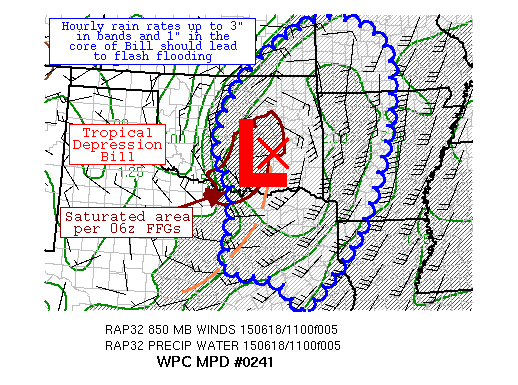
AREAS AFFECTED...PORTIONS OF KS, MO, OK, AR, TX

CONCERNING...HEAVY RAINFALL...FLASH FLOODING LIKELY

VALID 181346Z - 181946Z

SUMMARY...HOURLY RAIN RATES UP TO 1" NEAR BILL'S CORE AND UP TO 3"
WITHIN ITS INFLOW BAND(S) WOULD CAUSE FLASH FLOODING OVER
SATURATED SOILS.

DISCUSSION...TROPICAL DEPRESSION BILL CONTINUES MOVING ACROSS
SOUTHEAST OK AT 8-9 KTS, WHICH IS FORECAST TO CONTINUE BY THE
GLOBAL GUIDANCE.  CORE RAINFALL RATES ARE IN THE NEIGHBORHOOD OF
0.25-.5" AN HOUR, WHICH IS EXCESSIVE OVER THE SATURATED SOILS OF
SOUTH-CENTRAL OK PER THE 06Z FLASH FLOOD GUIDANCE VALUES.  WHILE
THE OVERNIGHT INFLOW BAND ACROSS EAST-CENTRAL TX AND NORTHWEST LA
FADES, A NEW BAND IS FORMING JUST TO ITS NORTHWEST NEAR THE
ARKLATEX WHICH IS TAPPING MIXED LAYER CAPES OF 500-1000 J/KG.
PRECIPITABLE WATER VALUES IN THE AREA ARE 2.1-2.6" PER GPS
INFORMATION.  INFLOW AT 850 HPA REMAINS 25-45 KTS PER VAD WIND
PROFILES, JUST ABOVE THE MEAN 850-400 HPA WIND IN THIS AREA.

DAYTIME HEATING SHOULD ALLOW CONVECTION WITHIN THE NEW INFLOW
BAND, AND ALONG BILL'S TRAILING SURFACE TROUGH, TO STRENGTHEN
TODAY, BRINGING HOURLY RAIN RATES BACK INTO THE 2-3" RANGE EARLY
THIS AFTERNOON.  THE MESOSCALE GUIDANCE GENERALLY AGREES THAT 2-4"
LOCAL AMOUNTS ARE POSSIBLE IN THE BAND, THOUGH IT SHOWS WILD
VARIATION ON WHERE THE INFLOW BAND SETS UP.  BELIEVE RADAR IMAGERY
AND THE CAPE PATTERN ALONG WITH THE SURFACE ANALYSIS ARE REVEALING
WHERE BANDING WOULD OCCUR THIS AFTERNOON, WHICH IS IN BEST
AGREEMENT WITH THE 00Z NMMB AND 00Z SPCWRF.  THE 06Z SSEO
NEIGHBORHOOD PROBABILITIES INDICATE THAT THE RAIN RATES WITHIN
BANDING SHOULD INCREASE MOST AFTER 18Z.  FOR THE CORE RAINFALL, IT
REMAINS TO BE SEEN IF THE OUTFLOW BOUNDARY/CONVECTIVE LINE MOVING
INTO KS WILL BE A FACTOR FOR INCREASING RAIN RATES -- IF SO, SUCH
AN IMPACT REMAINS EIGHT HOURS AWAY.  THE GUIDANCE INDICATES LOCAL
AMOUNTS OF 2-4" BETWEEN EASTERN OK AND SOUTHWEST MO WITH BILL'S
CORE.  SATURATED SOILS COMBINED WITH EXPECTED RAINFALL SHOULD
ALLOW FOR FLASH FLOODING.